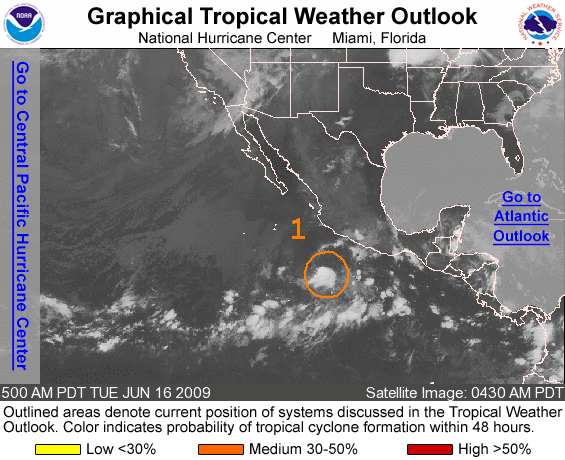
FOR THE EASTERN NORTH PACIFIC...EAST OF 140 DEGREES WEST LONGITUDE..

1. AN AREA OF LOW PRESSURE LOCATED SEVERAL HUNDRED MILES SOUTH OF MANZANILLO MEXICO IS ACCOMPANIED BY DISORGANIZED SHOWERS AND THUNDERSTORMS. SOME DEVELOPMENT OF THIS SYSTEM IS POSSIBLE AS IT MOVES SLOWLY WEST-NORTHWESTWARD OVER THE NEXT DAY OR TWO. THERE IS A MEDIUM CHANCE...30 TO 50 PERCENT...OF THIS SYSTEM BECOMING A TROPICAL CYCLONE DURING THE NEXT 48 HOURS.

ELSEWHERE...TROPICAL CYCLONE FORMATION IS NOT EXPECTED DURING THE NEXT 48 HOURS.

FORECASTER PASCH/KIMBERLAIN